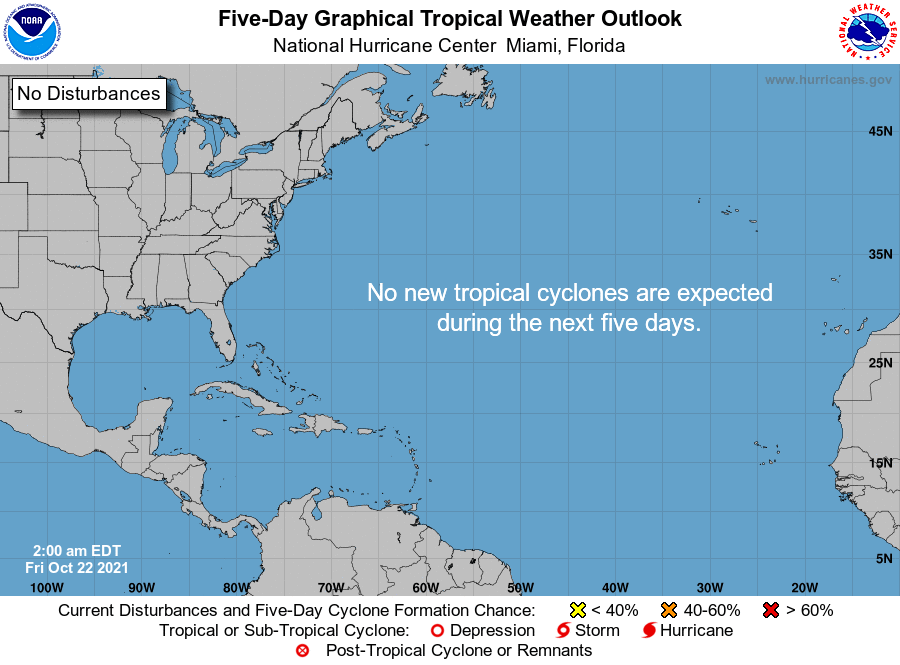
For the North Atlantic...Caribbean Sea and the Gulf of Mexico:

Tropical cyclone formation is not expected during the next 5 days.

Forecaster Berg